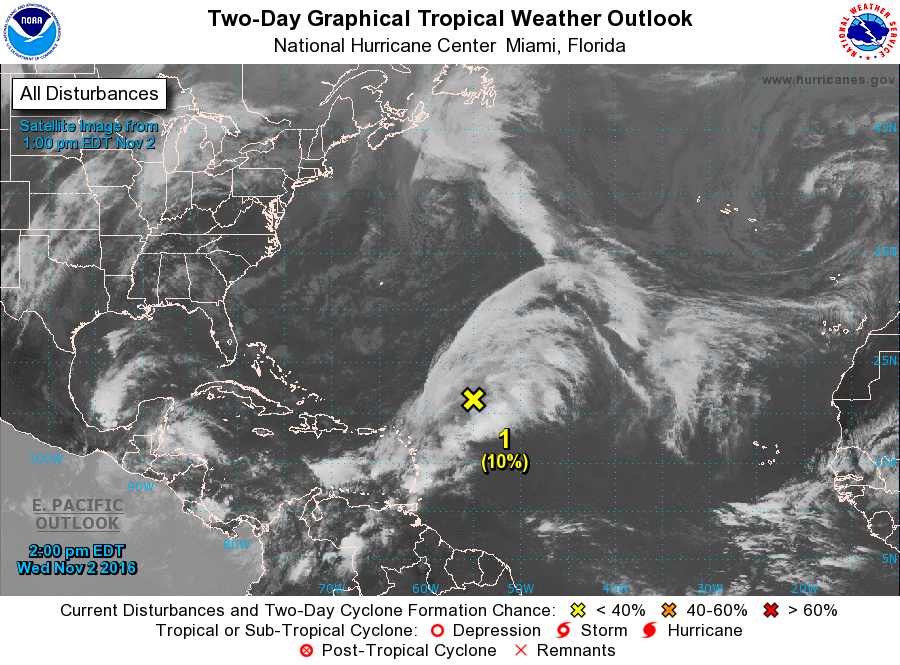
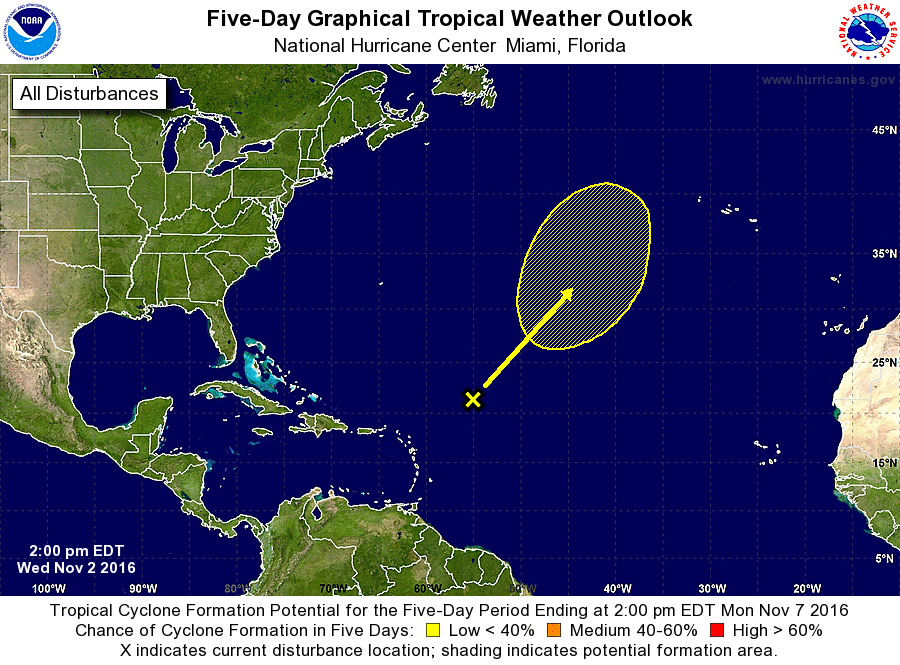
For the North Atlantic...Caribbean Sea and the Gulf of Mexico:

1. An elongated non-tropical area of low pressure located several hundred miles east-northeast of the northern Lesser Antilles continues to produce widespread cloudiness and showers over the central Atlantic. This system is expected to strengthen into a non-tropical gale within the next 24 hours, and it could acquire some subtropical characteristics late Friday or Saturday while it moves northward or north-northeastward over the north-central Atlantic. Additional information on this system can be found in High Seas Forecasts issued by the National Weather Service.
* Formation chance through 48 hours...low...10 percent
* Formation chance through 5 days...low...20 percent

High Seas Forecasts issued by the National Weather Service can be found under AWIPS header NFDHSFAT1, WMO header FZNT01 KWBC, and available on the Web at http://www.opc.ncep.noaa.gov/shtml/NFDHSFAT1.shtml.

Forecaster Brown